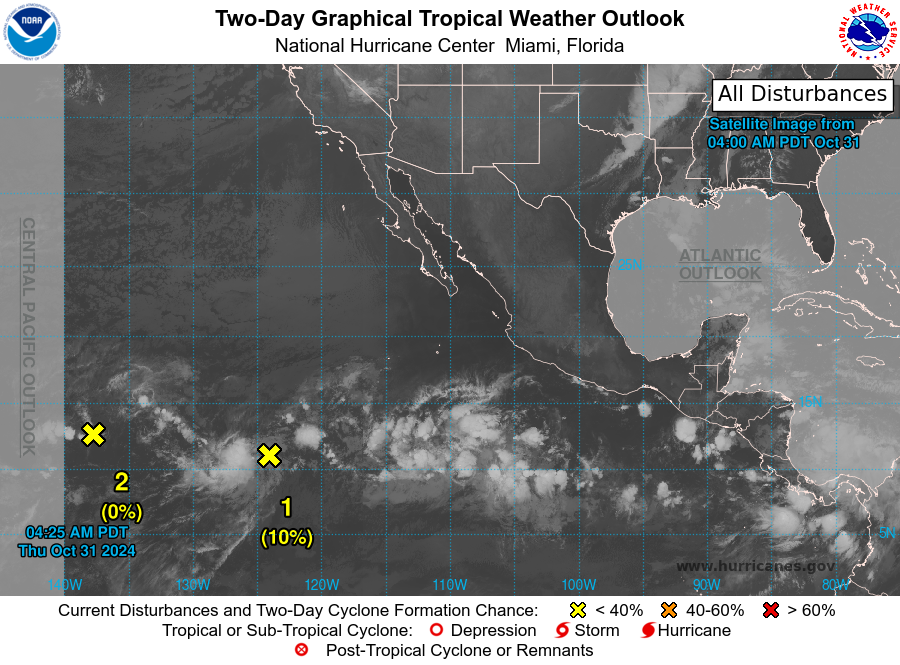
For the eastern North Pacific...east of 140 degrees west longitude:

1. Central East Pacific: An area of low pressure located about 1200 miles southwest of the southern tip of the Baja California peninsula continues to produce a large area of disorganized showers and thunderstorms. Some development of this system is possible during the next few days while the low moves slowly to the west-northwest. By the weekend, upper-level winds should become less conducive for development.
* Formation chance through 48 hours...low...10 percent.
* Formation chance through 7 days...low...20 percent.

2. Western East Pacific (EP91): A broad area of low pressure located about 1800 miles west- southwest of the southern tip of the Baja California peninsula is producing limited showers and thunderstorms. Environmental conditions are becoming increasingly unfavorable, and development is no longer anticipated.
* Formation chance through 48 hours...low...near 0 percent.
* Formation chance through 7 days...low...near 0 percent.

Forecaster Kelly